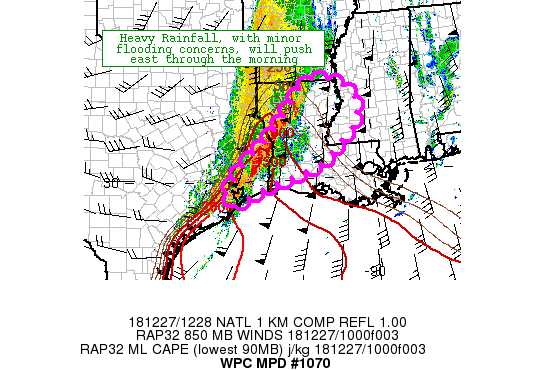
Areas affected...Lower MS Valley and Southeast Texas

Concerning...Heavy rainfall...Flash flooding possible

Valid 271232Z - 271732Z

Summary...Heavy rainfall, with generally minor flooding concerns,
will spread eastward across southeast TX and LA this morning.

Discussion...As of 12z an intense convective line is pushing
eastward across southeast TX and western LA. This activity is
being supported by deep layer ascent east of the northward lifting
shortwave/upper jet, and within a region of very strong low level
moisture transport and sufficient instability. With these
ingredients remaining in place this morning, the convective line
will be able to generally maintain its intensity as it moves
eastward, continuing to produce a couple hour period of heavy
rainfall.

The magnitude of the flooding threat is minimized by the forward
speed of the convective line, limiting the duration of heaviest
rainfall rates to just a couple hours at any one location. Think
this forward speed should continue through the morning
hours...before a likely slowing of the convection by this
afternoon as the better mid/upper forcing lifts well northward.

Recent observations show hourly rainfall totals exceeding 1"
within the line, with three hourly totals upwards of 2-3".
Generally think amounts of this magnitude will spread eastward
within the MPD area, with localized higher total possible. Flash
flood guidance is relatively high over this area, and thus
rainfall of this magnitude is unlikely to pose significant
flooding concerns. Thus generally thinking we see minor flooding
issues across any more susceptible locations within the MPD area
through the morning, with any more significant flooding issues
more localized in nature.

As mentioned above, the flooding threat may ramp up by this
afternoon across eastern LA into portions of MS/AL as the front
and convective axis slows its forward speed. Future MPDs are
likely to address that threat.